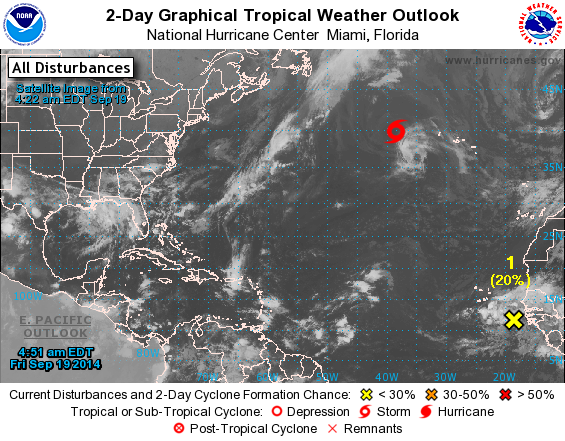
For the North Atlantic...Caribbean Sea and the Gulf of Mexico:

The National Hurricane Center is issuing advisories on Tropical Storm Edouard, located several hundred miles west-northwest of the western Azores.

1. Showers and thunderstorms have increased in association with a broad area of low pressure centered between west Africa and the Cape Verde Islands. Some development of this system is possible over the next few days before upper-level winds are forecast to become less conducive by early next week. This low is expected to move slowly west-northwestward and could bring heavy rainfall to portions of the Cape Verde Islands this weekend.
* Formation chance through 48 hours...low...20 percent.
* Formation chance through 5 days...medium...30 percent.

2. A non-tropical area of low pressure is expected to form off of the east coast of Florida over the weekend. This system has some potential to acquire subtropical or tropical characteristics while it moves northeastward near or offshore of the southeastern coast of the United States.
* Formation chance through 48 hours...low...10 percent.
* Formation chance through 5 days...low...20 percent.

Forecaster Blake